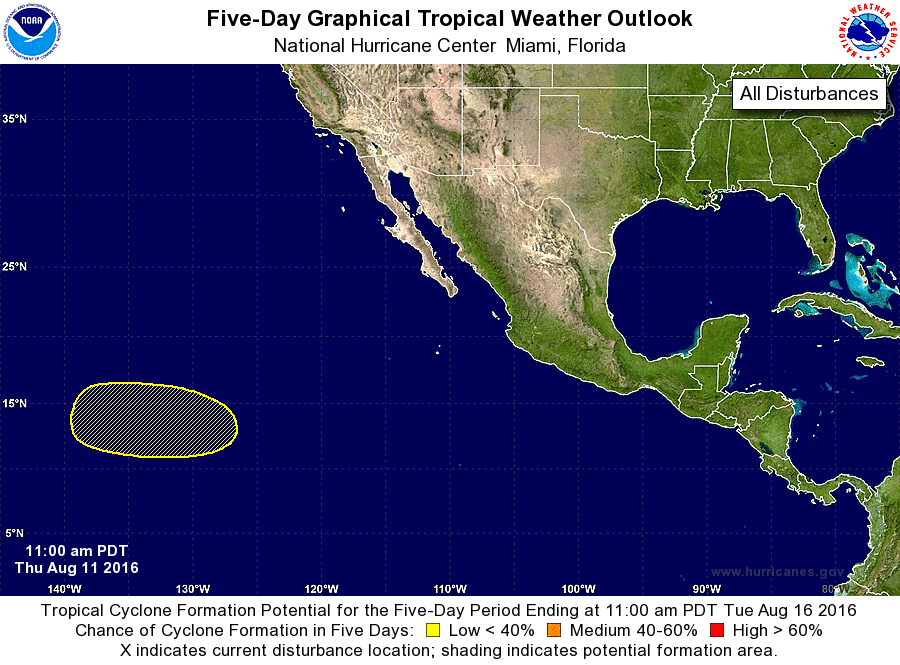
For the eastern North Pacific...east of 140 degrees west longitude:

1. A broad area of disturbed weather is located several hundred miles southwest of the southern tip of the Baja California peninsula. A low pressure area is forecast to form over the weekend while it moves generally westward. Some subsequent development of this system is possible by early next week.
* Formation chance through 48 hours...low...near 0 percent
* Formation chance through 5 days...low...20 percent

Forecaster Roberts